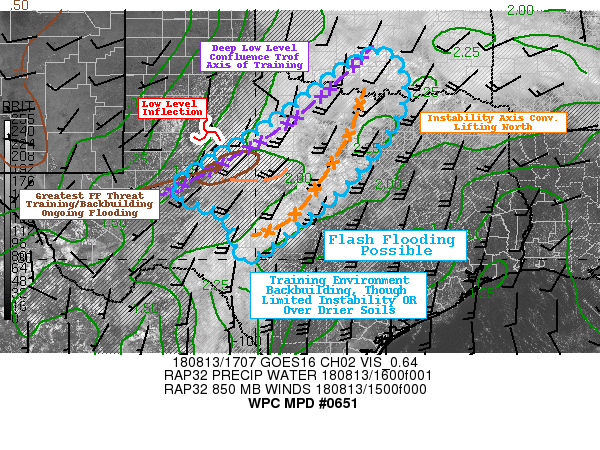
Areas affected...Central and Northern Texas...South Central OK...

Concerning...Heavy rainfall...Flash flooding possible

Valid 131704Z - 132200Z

SUMMARY...Solid dynamics/confluence with weak remaining
instability may lead to new development that will have the
tendency to remain stationary/backbuild across saturated soils.

DISCUSSION...GOES-16 imagery suite, depict stronger mid-level
shortwave lifting across northern TX panhandle into NW OK with the
trailing trof extending toward the Big Bend region.  Visible
imagery shows a weak inflection in/near the boundary layer in the
Martin/Midland region that is progged to remain relatively
stationary.  RADAR mosaic also denotes a washing out E-W oriented
outflow boundary across N Sterling to Runnels county, that is
intercepting 15-20kts of nearly orthogonal 850mb flow, supporting
weak isentropic ascent.  Low level stratus that dominated the
upstream environment has been eroding steadily.  This may help to
increase the current limiting factor (instability).  While 12z
soundings and RAP analysis depict some remaining instability, it
is below 1000 J/kg and given weak to moderate convergence, is
currently not sufficient for broad/strong updrafts, though there
are upward trends in Mitchell/Nolan county.   Still, modest
redevelopment/narrow updrafts provide .5-.75"/hr rain rates
(tropical rain showers).  This may be sufficient to maintain
ongoing high streams/flash flooding (given OU FLASH depicting up
to 500 cfs in the area).

Given the low level unidirectional flow regime is aligned with the
deep tropical moisture plume per CIRA layered PWAT, totaling to
1.75 to 2", though increased low level moisture coming up the the
Rio Grande to Pecos River valleys supports total PWATS over 2" to
2.25".  To the West, the clearing as already increased instability
with MLCAPEs to 1500 J/kg at the Big Bend, nosing up to the
southern most convective cells in Glasscock county.  Given weak
850mb inflection near Garza county...may help to focus low level
convergence and redevelopment in the region to maintain this flash
flooding threat for the next 3-4hrs.

Further east, the environment was less worked over from last
evening and clearer skies supported a build up of instability with
SBCAPEs exceeding 2000 J/kg.  Limited convergence/forcing but aslo
equally weak capping has allowed for cells to develop with weak
convergence from Edwards county to Montegue county in North Texas.

With better forcing/mid-level confluence further west has allowed
for a bit of low level backing supporting a slow northward march
toward the mean trof.  This expands the area of concern for cells
to merge and potentially train across N Texas.  Given the narrow
nature of the updrafts and moving across areas not affected over
the past few days (higher FFG values), the potential for flash
flooding is to be isolated and more in urban centers given the
tropical moisture/warm cloud process  nature of these cells.